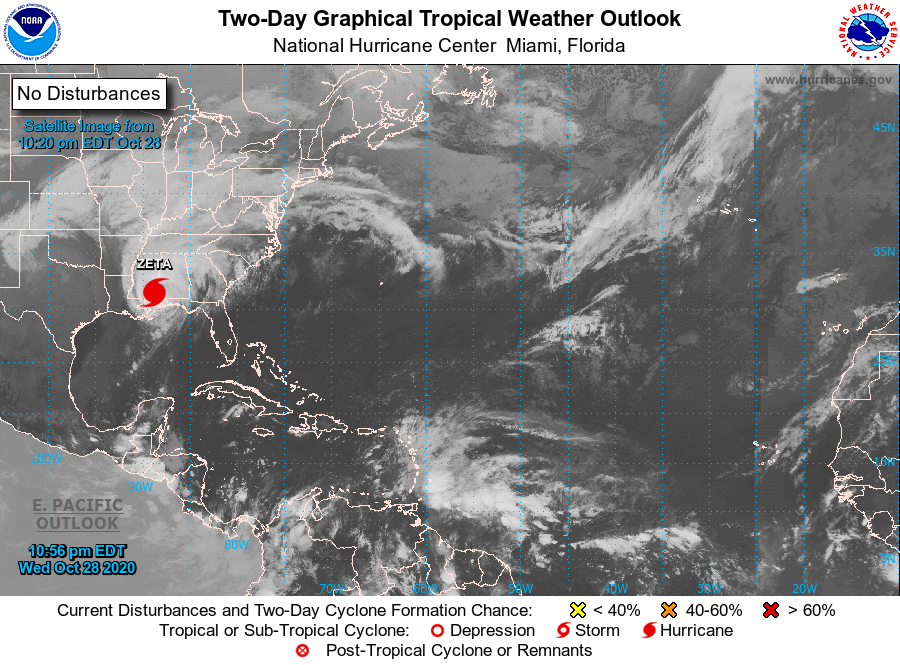
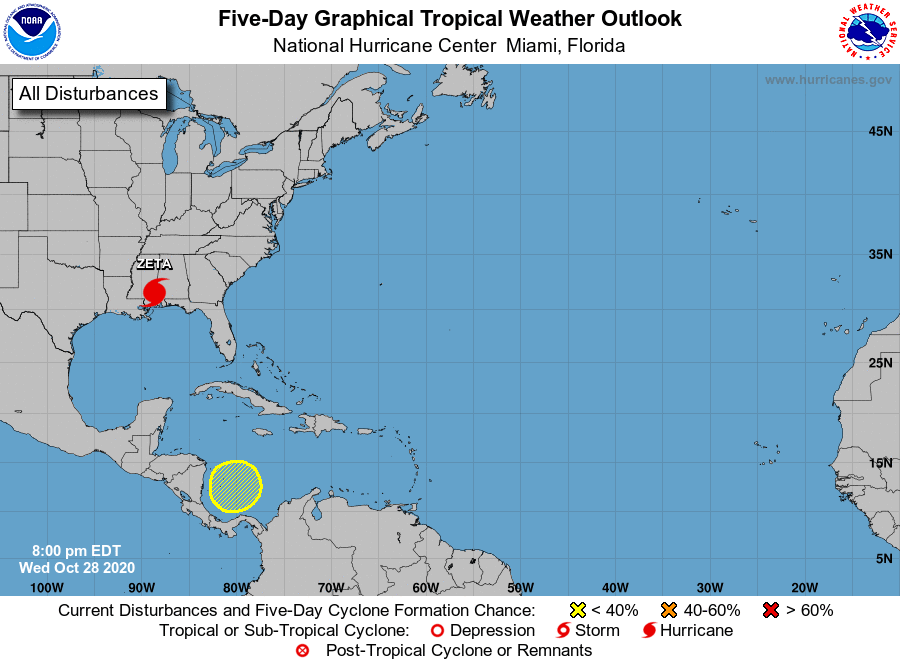
For the North Atlantic...Caribbean Sea and the Gulf of Mexico:

The National Hurricane Center is issuing advisories on Hurricane Zeta, located inland over southeastern Louisiana.

1. A broad area of low pressure is expected to form over the southwestern Caribbean Sea during the next few days. Some slow development of this system is possible over the weekend or early next week while it meanders over the southwestern Caribbean Sea.
* Formation chance through 48 hours...low...near 0 percent.
* Formation chance through 5 days...low...30 percent.

Forecaster Reinhart/Beven